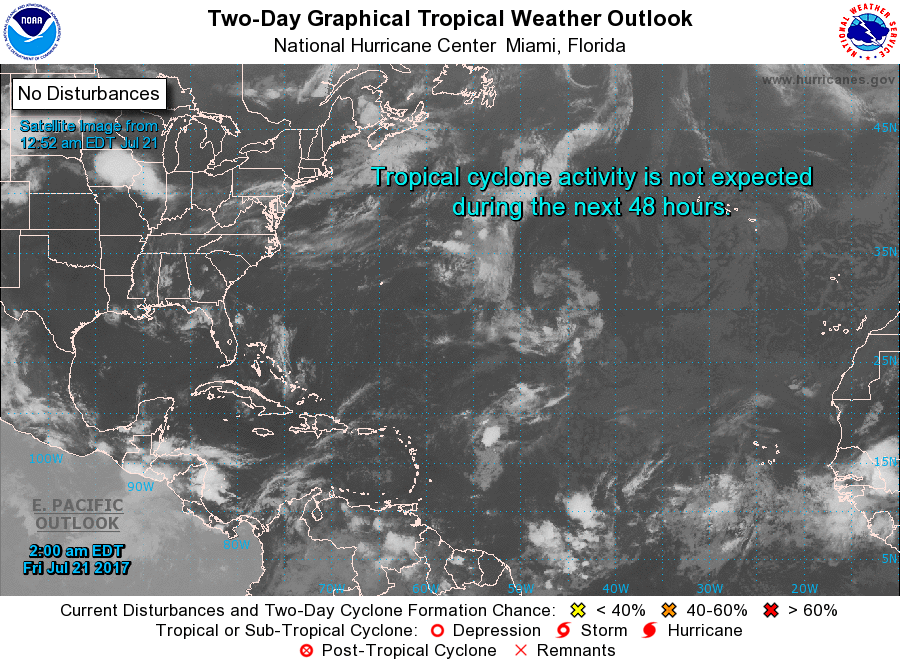
For the North Atlantic...Caribbean Sea and the Gulf of Mexico:

Tropical cyclone formation is not expected during the next 5 days.

Forecaster Zelinsky/Pasch